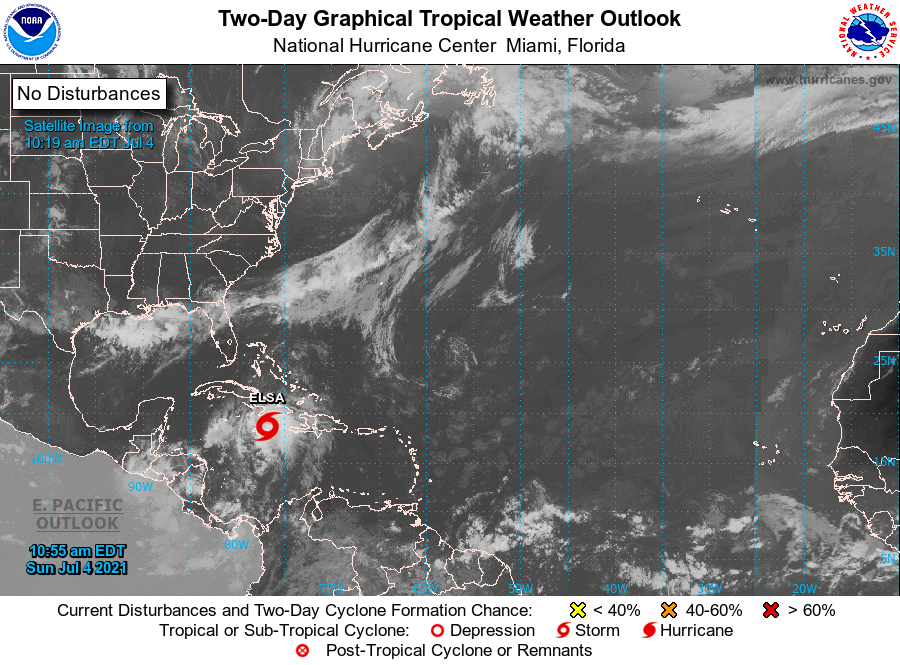
For the North Atlantic...Caribbean Sea and the Gulf of Mexico:

The National Hurricane Center is issuing advisories on Tropical Storm Elsa, located near eastern Jamaica.

Tropical cyclone formation is not expected during the next 5 days.

Forecaster Roberts